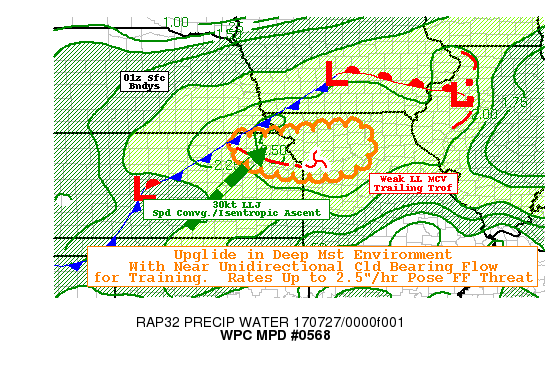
AREAS AFFECTED...NORTHEAST KS...NORTHWEST MO

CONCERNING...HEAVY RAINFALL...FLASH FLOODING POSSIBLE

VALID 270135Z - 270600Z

SUMMARY...MOISTURE CONVERGENCE AND UPGLIDE SUPPORT CONVECTIVE
DEVELOPMENT WITHIN MODEST TRAINING PROFILE. RAIN RATES UP TO
2.5"/HR POSE FLASH FLOODING CONCERN IN EARLY OVERNIGHT HOURS.

DISCUSSION...EXPERIMENTAL GOES-16 IMAGERY DEPICTS A VERTICALLY
STACKED SFC-8H LOW NEAR GBD KS WITH STRENGTHENING SWLY 30KT LLJ
TOWARD MHK/MCI.  WEAK ANTICYCLONIC CURVATURE AND SPEED CONVERGENCE
SUPPORTS SUFFICIENT DEEP LAYER MOISTURE CONVERGENCE ALONG WEAKLY
DEFINED WNW-ESE ORIENTED TRAILING TROF FROM WEAK MCV EAST OF KC
METRO PER KEAX RADAR.

00Z TOP SOUNDING SUGGESTS NARROW SKINNY CAPE PROFILE WITH VALUES
IN THE 1500-2000 J/KG MUCAPE BUT MORE IMPORTANTLY SATURATED
PROFILE WITH TPW AT 2.25". GOES-16 10.3UM IR AND LAST VISIBLE
IMAGES OF THE EVENING SHOW NUMEROUS OVERSHOOTING/CAULIFORM TOPS
RAPIDLY COOLING TO REACH -75C SUGGESTING  VERY DEEP RAINFALL
PRODUCTION COLUMN AND SUPPORTIVE OF RAIN RATES AT OR AT TIMES IN
EXCESS OF 2.5"/HR.

ADDITIONAL CONCERN FOR TRAINING ALSO EXISTS ACROSS NE KS INTO NW
MO GIVEN DEEP FAIRLY UNIDIRECTIONAL CLOUD BEARING WINDS.  GIVEN
RATES AND TRAINING SETUP...RAINFALL TOTALS OF 3-5" MAY BE POSSIBLE
LEADING TO FLASH FLOODING CONCERNS.